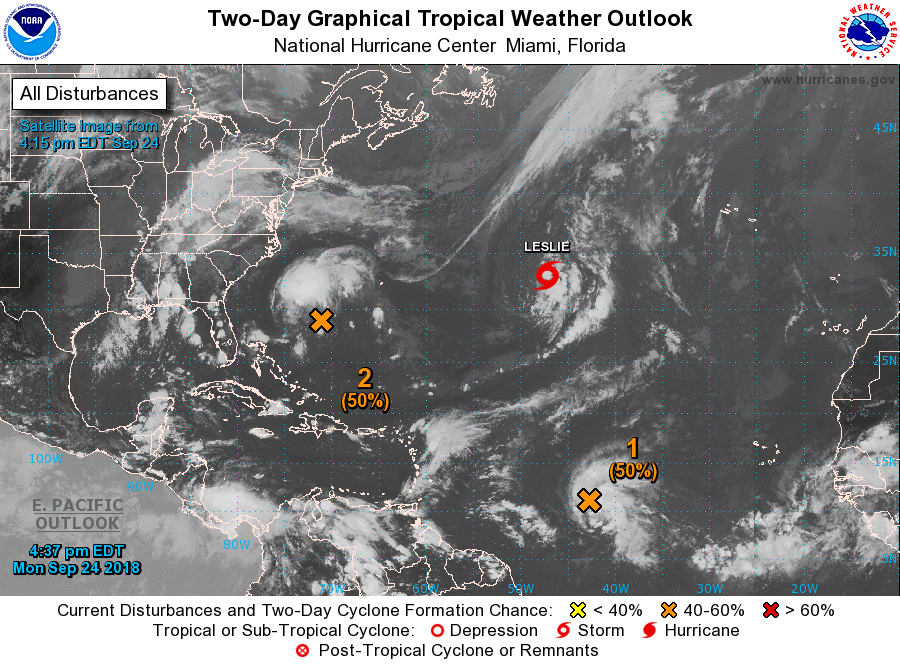
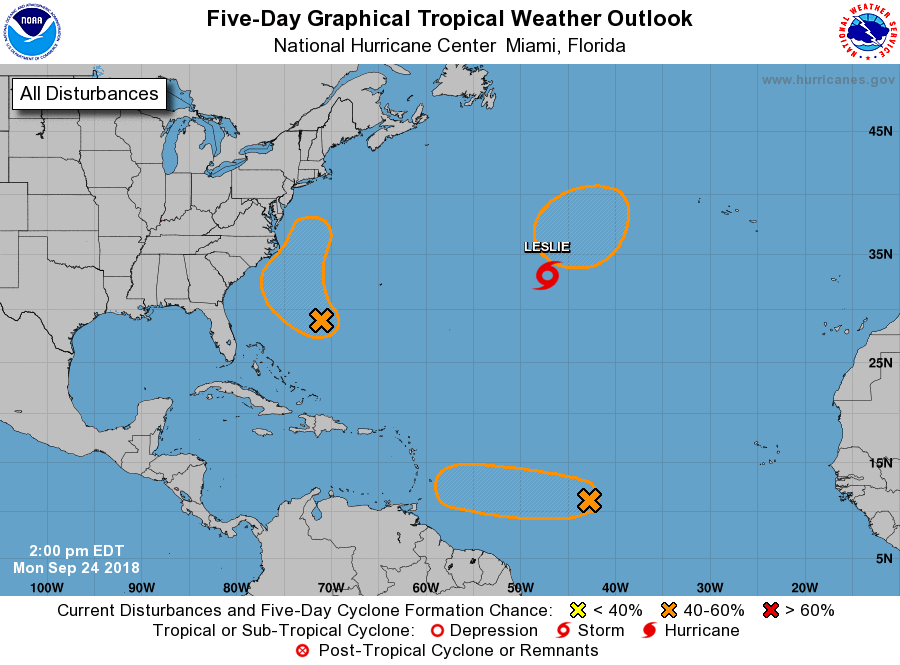
For the North Atlantic...Caribbean Sea and the Gulf of Mexico:

The National Hurricane Center has stopped issuing advisories on Tropical Depression Kirk, located about 1100 miles west-southwest of the Cabo Verde Islands, and continues to issue advisories on Subtropical Storm Leslie, located about 1200 miles west of the Azores.

1. A tropical wave, the remnants of Kirk, is located about 1400 miles east of the Windward Islands. This system is producing showers and thunderstorms along with winds to gale force over the northern portion of the wave. Redevelopment of this system is possible over the next few days until it encounters highly unfavorable upper-level winds while it approaches the Caribbean Sea.
* Formation chance through 48 hours...medium...50 percent.
* Formation chance through 5 days...medium...50 percent.

2. A broad area of low pressure located about 450 miles south-southeast of Cape Hatteras, North Carolina is producing disorganized showers and thunderstorms. Environmental conditions are expected to become slightly more conducive for development during the next day or so while the system moves west-northwestward to northwestward. By Tuesday night and Wednesday, upper-level winds are expected to increase, limiting the chances for additional development, while the system moves northward near the southeastern United States coast.
* Formation chance through 48 hours...medium...50 percent.
* Formation chance through 5 days...medium...50 percent.

3. A non-tropical low pressure system is expected to form north of Subtropical Storm Leslie along a cold front over the central Atlantic by Wednesday. Leslie and the non-tropical low are expected to merge over the central Atlantic, where conditions appear conducive for the low to acquire tropical or subtropical characteristics by the end of the week.
* Formation chance through 48 hours...low...near 0 percent.
* Formation chance through 5 days...medium...50 percent.

Forecaster Pasch